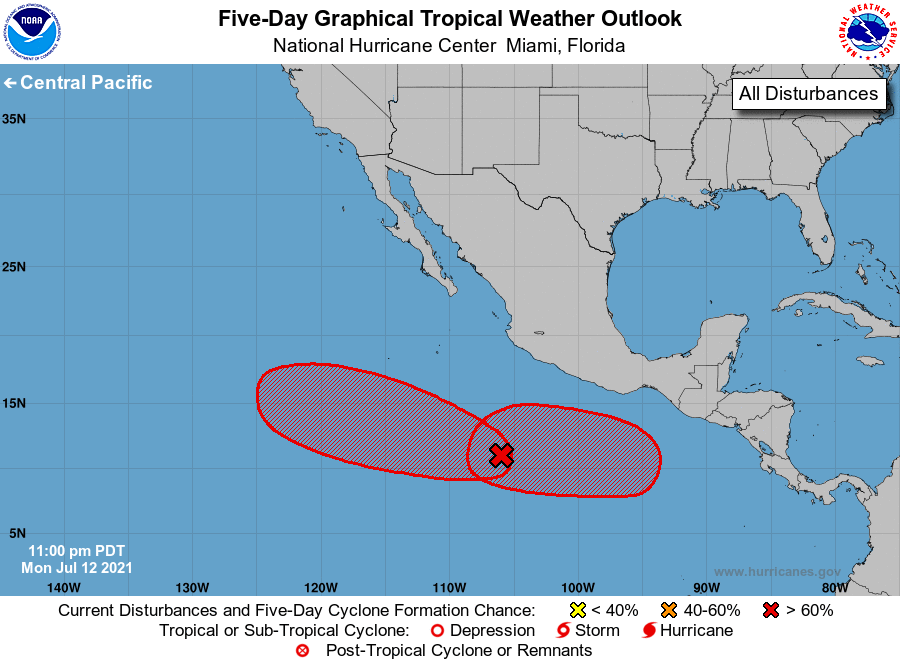
For the eastern North Pacific...east of 140 degrees west longitude:

1. A broad area of low pressure located over 600 miles south of Cabo Corrientes, Mexico is producing disorganized showers and thunderstorms, mainly to the north of its center. Environmental conditions are favorable for development of this system, and a tropical depression is likely to form later this week well offshore of the southwestern coast of Mexico while the low moves westward to west-northwestward at 10 to 15 mph.
* Formation chance through 48 hours...medium...50 percent.
* Formation chance through 5 days...high...80 percent.

2. An area of low pressure is forecast to develop south of the Gulf of Tehuantepec late this week and move westward at 10 to 15 mph, well offshore of the southern coast of Mexico. Environmental conditions are expected to be favorable for gradual development, and a tropical depression is likely to form this weekend.
* Formation chance through 48 hours...low...near 0 percent.
* Formation chance through 5 days...high...70 percent.

Forecaster Reinhart/Pasch